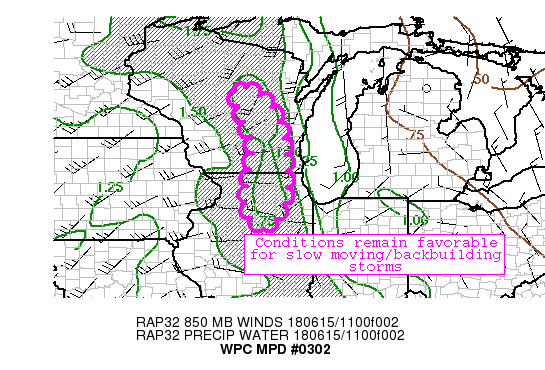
AREAS AFFECTED...SOUTHERN WISCONSIN...NORTHERN ILLINOIS

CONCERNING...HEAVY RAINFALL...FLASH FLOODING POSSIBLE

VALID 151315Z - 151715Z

SUMMARY...CONDITIONS REMAIN FAVORABLE FOR CELL REGENERATION AND
TRAINING.  ADDITIONAL HEAVY RAIN ACCUMULATIONS AND FLASH FLOODING
ARE POSSIBLE OVER THE NEXT FEW HOURS.

DISCUSSION...LATEST MESOANALYSIS SHOWS 850MB 20-30 KT WESTERLY
INFLOW INTO A NORTH-SOUTH ORIENTED AXIS OF DEEP MOISTURE (PWS 1.5
TO 1.75 INCHES) EXTENDING ACROSS WISCONSIN INTO NORTHERN ILLINOIS.
 THIS LOW LEVEL INFLOW WITH WEAK FLOW ALOFT CONTINUES TO SUPPORT
SLOW MOVING BACK-BUILDING CELLS ACROSS THE HIGHLIGHTED AREA.  IN
ADDITION TO AMPLE MOISTURE, MUCAPES ARE AROUND 1000-2000
J/KG...SUPPORTING HEAVY RAINFALL RATES.  RECENT RADAR IMAGERY FROM
KMKX AND KLOT CONTINUE TO SHOW RAINFALL RATES AS HIGH AS 1.5 TO
2.5 INCHES/HR.  OVERALL TREND SEEN IN LATEST GOES-IR IMAGERY DOES
SHOW A GENERAL WARMING TREND, HOWEVER SOME EMBEDDED COOLING TOPS
ASSOCIATED WITH THE ONGOING CONVECTION HAS BEEN NOTED.  WHILE THE
HREF PROBABILITIES DO OFFER SOME SUGGESTION FOR THE POTENTIAL FOR
ADDITIONAL HEAVY AMOUNTS THIS MORNING...OVERALL THE HI-RES
GUIDANCE...INCLUDING LATEST RUNS OF THE OPERATIONAL AND
EXPERIMENTAL HRRR HAS NOT SHOWN TO HAVE HAD A GOOD HANDLE ON THE
UNFOLDING HEAVY AMOUNTS OR THE CURRENT CONDITIONS ACROSS THIS
REGION.  FORECAST CONFIDENCE IS LIMITED ACROSS THIS
REGION...HOWEVER THE LATEST RAP SUGGESTS CONDITIONS WILL REMAIN
FAVORABLE FOR ADDITIONAL HEAVY RAINS...WITH DEEP MOISTURE
REMAINING IN PLACE AND UPWIND PROPAGATION VECTORS SUPPORTING
ADDITIONAL BACK-BUILDING AND LITTLE EASTWARD MOVEMENT WITH THE
ONGOING CONVECTION THROUGH THE MORNING HOURS.